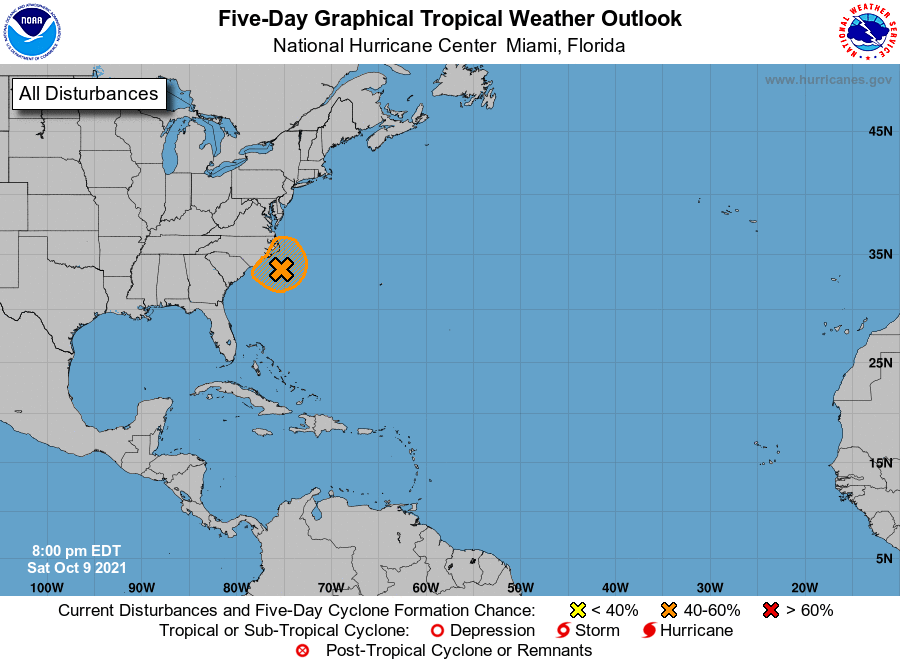
For the North Atlantic...Caribbean Sea and the Gulf of Mexico:

1. An Air Force Reserve reconnaissance unit aircraft has recently been flying through the large non-tropical low pressure area located about 100 miles southeast of Morehead City, North Carolina. While the low is producing a broad area of gale-force winds to the north and east of the center, the plane did not find a well-defined center, and the associated shower and thunderstorm activity has not become any better organized today. This system could still become a short-lived subtropical storm through Sunday, but environmental conditions should become unfavorable for any further development on Monday. The low is forecast to move slowly northwestward and approach eastern North Carolina tonight and early Sunday. Interests in that area should monitor the progress of this system and refer to local National Weather Service office products for more information. Regardless of development, intermittent periods of locally heavy rains and gusty winds will affect southeastern and eastern portions of North Carolina during the next day or two. Additional information on this low pressure system, including gale warnings, can be found in High Seas Forecasts issued by the National Weather Service.
* Formation chance through 48 hours...medium...50 percent.
* Formation chance through 5 days...medium...50 percent.

High Seas Forecasts issued by the National Weather Service can be found under AWIPS header NFDHSFAT1, WMO header FZNT01 KWBC, and online at ocean.weather.gov/shtml/NFDHSFAT1.php

Forecaster Blake